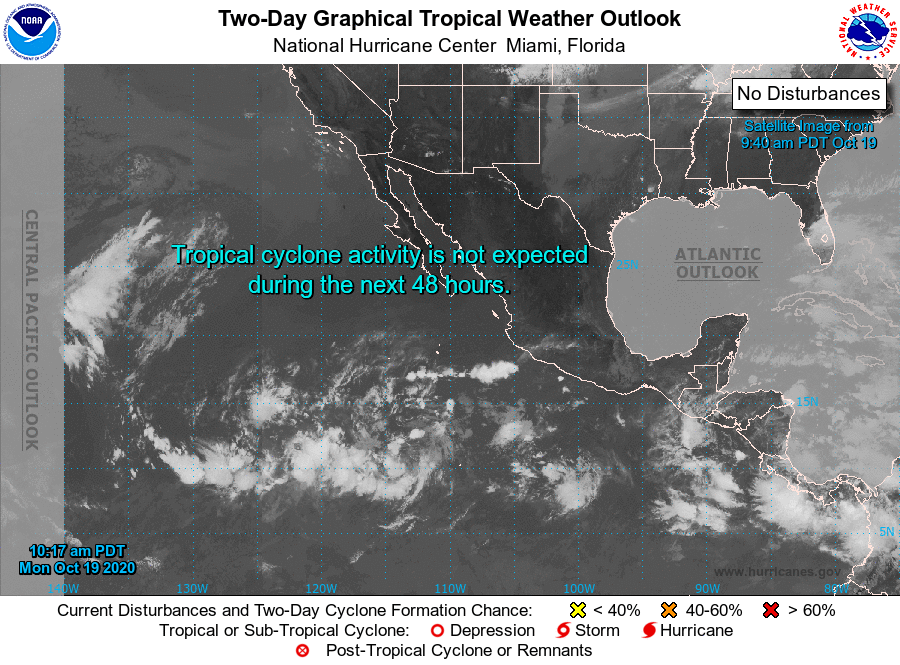
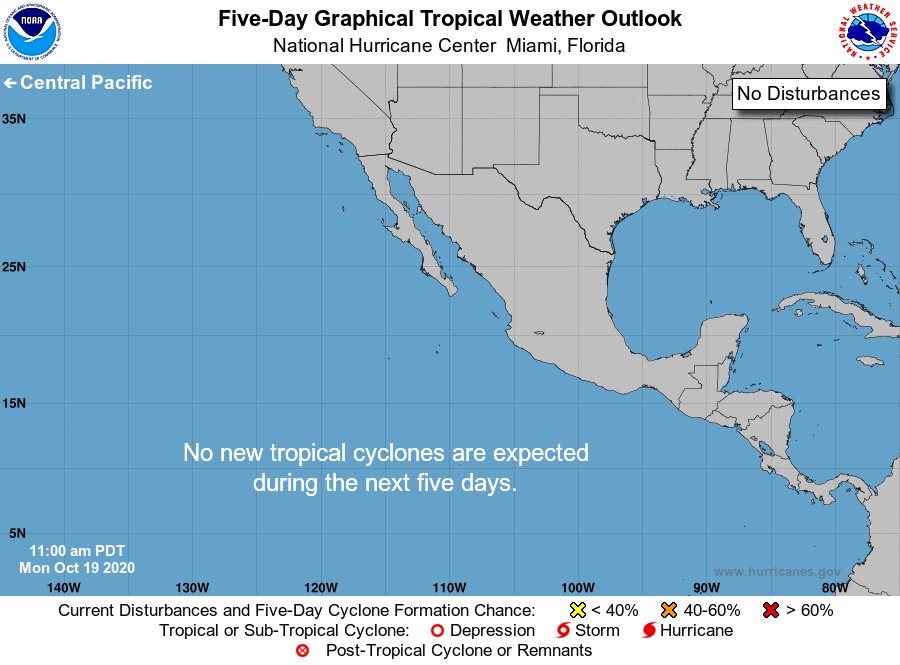
For the eastern North Pacific...east of 140 degrees west longitude:

Tropical cyclone formation is not expected during the next 5 days.

Forecaster Brown